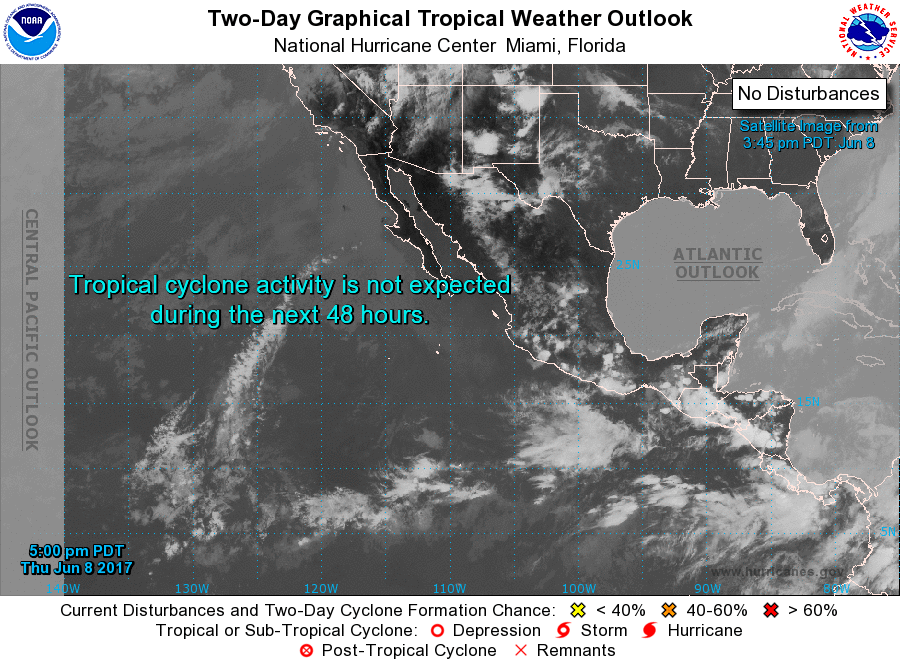
For the eastern North Pacific...east of 140 degrees west longitude:

1. A broad area of low pressure is expected to form this weekend or early next week a few hundred miles south of the southern coast of Mexico. Conditions are expected to be favorable for some gradual development of this system as it moves slowly northward toward the coast of Mexico.
* Formation chance through 48 hours...low...near 0 percent.
* Formation chance through 5 days...low...20 percent.

Forecaster Brennan